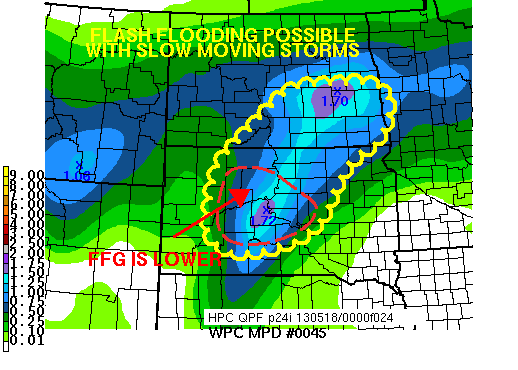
AREAS AFFECTED...CENTRAL SD AND CENTRAL/SOUTHEAST ND

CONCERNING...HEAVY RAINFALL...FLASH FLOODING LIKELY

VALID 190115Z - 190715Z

SUMMARY...ORGANIZED ASCENT AND SLOW STORM MOTIONS EXPECTED
THROUGHOUT THE NIGHT. LOCAL FLASH FLOODING IS LIKELY...WITH AN
ENHANCED RISK WHERE HEAVY RAIN FELL EARLIER SATURDAY.

DISCUSSION...MODELS HAVE DIFFERED ON THE PLACEMENT OF HEAVY RAIN
IN THE NORTHERN PLAINS TONIGHT...BUT RECENT OBSERVATIONAL TRENDS
GIVE US SOME CONFIDENCE TO PREDICT AN AXIS OF HEAVY RAIN AND AN
ATTENDANT RISK OF FLASH FLOODING FROM CENTRAL SD TO SOUTHEAST ND.

THE 18Z GFS FINDS SUPPORT FROM THE RAP AND FROM 00Z RAOBS IN
SUGGESTING CYCLOGENESIS WILL OCCUR OVER WESTERN SOUTH DAKOTA
TONIGHT...WITH AN AXIS OF LOW LEVEL CONVERGENCE PERSISTING LONGER
OVER THIS REGION THAN SOME OTHER MODELS SUCH AS THE 12Z ECMWF HAD
FORECAST. THE GFS PRODUCES A HEALTHY SWATH OF 1-INCH OR GREATER OF
QPF...AREALLY AVERAGED...THROUGH 12Z. THIS IS NEARLY COINCIDENT
WITH THE WPC FORECAST. PLACING TRUST IN THE GFS AND RAP MASS
FIELDS...0-6 KM MEAN WINDS AND UPWIND PROPAGATION VECTORS REMAIN
VERY LIGHT THROUGH 06Z. SLOW MOTIONS WERE ALREADY
OBSERVED...ESPECIALLY WHERE ONGOING CONVECTION INTERCEPTED AN
OUTFLOW BOUNDARY LEFT BY THE EARLY MORNING ACTIVITY SOUTHWEST OF
PIERRE SD.

SPC MESOANALYSIS AND SREF/GFS/RAP MASS AND QPF FIELDS SUGGEST
AMPLE INSTABILITY AND LOW LEVEL EASTERLY INFLOW WILL EXIST TO
SUSTAIN AN EASTWARD MOVING LINE OF CONVECTION...WITH TRAINING FROM
SW TO NE ALONG THE LINE. THE FLUX OF UNSTABLE AIR INTO THIS REGION
IS GREATEST OVER SOUTH DAKOTA...TOWARD AREAS OF LOWEST FLASH FLOOD
GUIDANCE AROUND 1-2 INCHES IN 3 HOURS. PER EARLIER DISCUSSION FROM
NESDIS SAB AND AVERAGING HIRES GUIDANCE...LOCAL STORM TOTALS OF
2-4 INCHES ARE POSSIBLE.